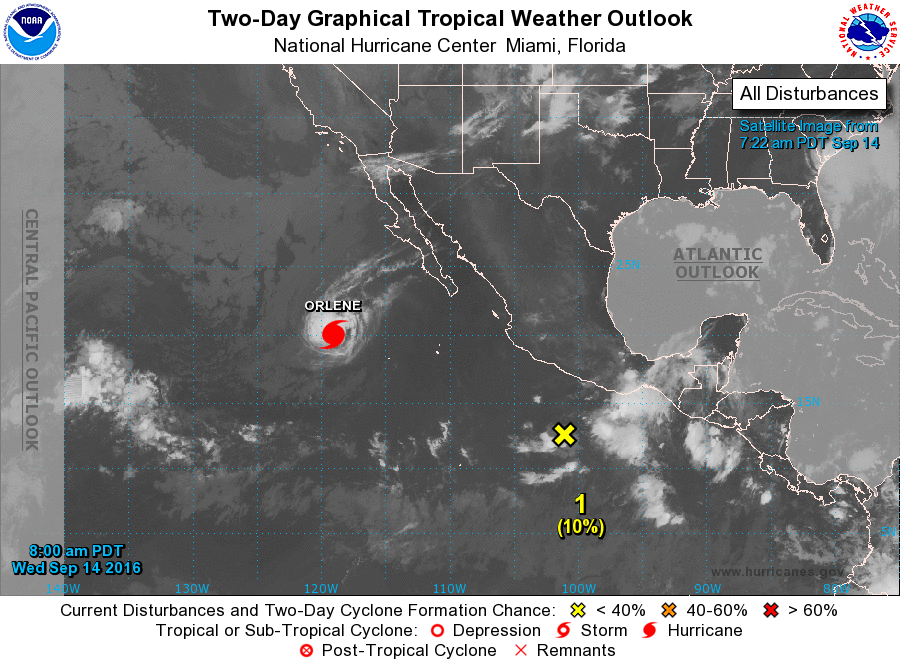
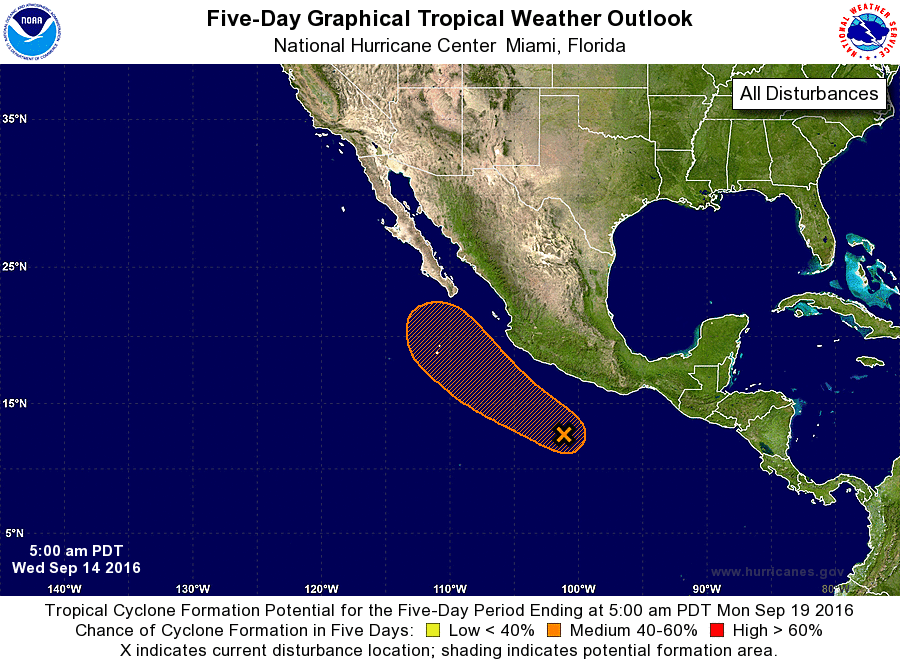
For the eastern North Pacific...east of 140 degrees west longitude:

The National Hurricane Center is issuing advisories on Hurricane Orlene, located several hundred miles west-southwest of the southern tip of the Baja California peninsula.

1. A weak area of low pressure located a few hundred miles south- southwest of Acapulco, Mexico, is nearly stationary and producing minimal shower activity. Environmental conditions are expected to become more conducive for development, and a tropical depression could form this weekend or early next week while the low begins moving west-northwestward to northwestward, parallel to the coast of Mexico.
*Formation chance through 48 hours...low...10 percent
*Formation chance through 5 days...medium...60 percent

Forecaster Beven